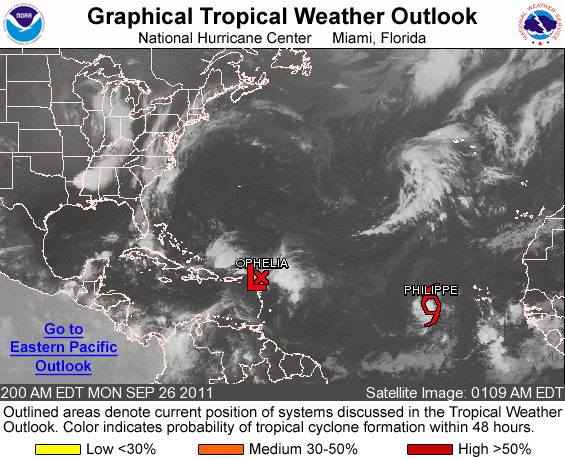
FOR THE NORTH ATLANTIC...CARIBBEAN SEA AND THE GULF OF MEXICO...

THE NATIONAL HURRICANE CENTER IS ISSUING ADVISORIES ON TROPICAL STORM PHILIPPE...LOCATED ABOUT 545 MILES WEST OF THE SOUTHERNMOST CAPE VERDE ISLANDS.

1. A LARGE AREA OF DISORGANIZED SHOWERS AND THUNDERSTORMS CENTERED A FEW HUNDRED MILES EAST OF THE NORTHERN LEEWARD ISLANDS IS ASSOCIATED WITH THE REMNANTS OF OPHELIA. ANY DEVELOPMENT OF THIS SYSTEM IS EXPECTED TO BE SLOW TO OCCUR DUE TO STRONG UPPER-LEVEL WINDS. THIS SYSTEM HAS A LOW CHANCE...20 PERCENT...OF REGENERATING INTO A TROPICAL CYCLONE DURING THE NEXT 48 HOURS AS IT MOVES WEST-NORTHWESTWARD AT 5 TO 10 MPH.

ELSEWHERE...TROPICAL CYCLONE FORMATION IS NOT EXPECTED DURING THE NEXT 48 HOURS.

FORECASTER CANGIALOSI